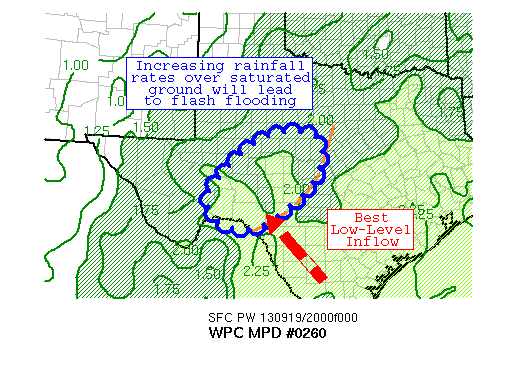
AREAS AFFECTED...PORTIONS OF CENTRAL TX

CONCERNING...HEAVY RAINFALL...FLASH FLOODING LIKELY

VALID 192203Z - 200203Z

SUMMARY...MODERATE TO HEAVY RAINFALL IS EXPECTED TO OCCUR FOR THE
NEXT SEVERAL HOURS IN A VERY MOIST ENVIRONMENT WITH LOW FLASH
FLOOD GUIDANCE VALUES.  REGIONAL FLASH FLOODING IS CONSIDERED
LIKELY INTO THIS EVENING.

DISCUSSION...MID- AND UPPER-LEVEL MOISTURE FROM TROPICAL CYCLONE
MANUEL IS OVERRIDING THE AREA, WHILE MODEST LOW-LEVEL INFLOW FROM
THE GULF OF MEXICO INVADES BELOW, ON THE ORDER OF 20-25 KNOTS.
PRECIPITABLE WATER VALUES OF AROUND TWO INCHES RESIDE IN THE AREA,
WHICH IS IN THE 99TH PERCENTILE FOR MID TO LATE SEPTEMBER.  A
SURFACE BOUNDARY RUNS FROM CENTRAL TX SOUTHWEST TOWARDS DEL RIO,
WHICH IS ACTING AS THE FOCUS FOR THE OVERRUNNING OF GULF OF MEXICO
INFLOW.  RIDGING ALOFT EXISTS AHEAD OF AN UPPER LEVEL TROUGH
MOVING THROUGH THE NORTHERN ROCKIES.  A SATURATED ATMOSPHERE WITH
CAPE VALUES RUNNING AROUND 500 J/KG IS ALLOWING FOR WARM RAIN
PROCESSES TO BE AT PLAY HERE, AND RECENT SATELLITE ENHANCEMENT
IMPLIES AN UPTICK TO THE CURRENT PRECIPITATION INTENSITY.  RECENT
RAINFALL HAS DROPPED FLASH FLOOD GUIDANCE VALUES TO AROUND TWO
INCHES IN THREE HOURS, WHICH HAS BEEN LOCALLY EXCEEDED AS OF LATE.
 NO LET UP IN THE LOW-LEVEL INFLOW IS EXPECTED INTO TONIGHT.  IN
SOME ASPECTS, THIS OVERALL SETUP APPEARS SIMILAR TO THAT WITNESSED
OVER COLORADO LAST WEEK.  REGIONAL FLASH FLOODING IS CONSIDERED
LIKELY HERE.